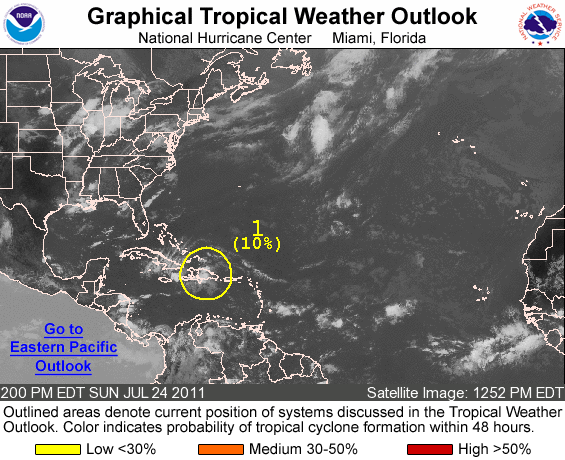
FOR THE NORTH ATLANTIC...CARIBBEAN SEA AND THE GULF OF MEXICO...

1. A TROPICAL WAVE OVER THE CENTRAL CARIBBEAN SEA AND HISPANIOLA IS PRODUCING A FEW DISORGANIZED SHOWERS AND THUNDERSTORMS. SIGNIFICANT DEVELOPMENT OF THIS SYSTEM IS NOT EXPECTED AS IT MOVES GENERALLY WESTWARD NEAR 20 MPH AND INTERACTS WITH THE LAND MASSES OF HISPANIOLA AND CUBA OVER THE NEXT DAY OR TWO. THIS SYSTEM HAS A LOW CHANCE...10 PERCENT...OF BECOMING A TROPICAL CYCLONE DURING THE NEXT 48 HOURS. LOCALLY HEAVY RAINFALL AND GUSTY WINDS ARE POSSIBLE OVER HISPANIOLA...JAMAICA...AND EASTERN CUBA DURING THE NEXT DAY OR SO.

ELSEWHERE...TROPICAL CYCLONE FORMATION IS NOT EXPECTED DURING THE NEXT 48 HOURS.

FORECASTER PASCH